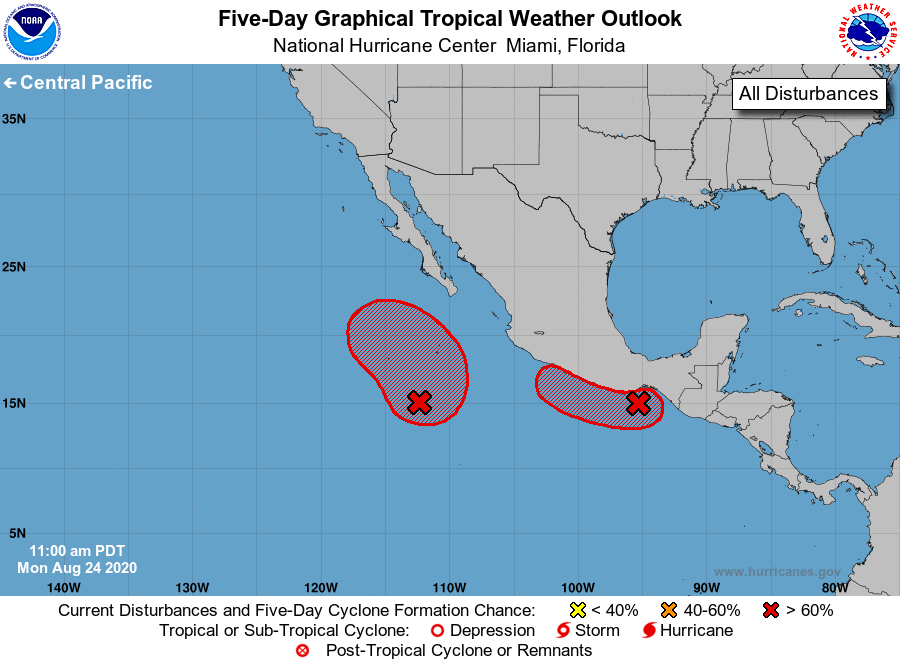
For the eastern North Pacific...east of 140 degrees west longitude:

1. An elongated zone of disturbed weather is located several hundred miles south-southwest of the southern tip of the Baja California peninsula. This weather is expected to consolidate in a couple of days, and environmental conditions appear conducive for a tropical depression to form later this week while the system meanders or drifts northward a few hundred miles offshore of the coast of southwestern Mexico.
* Formation chance through 48 hours...high...70 percent.
* Formation chance through 5 days...high...90 percent.

2. Satellite images and satellite-derived wind data indicate that the small low pressure system located very near the Gulf of Tehuantepec is becoming better organized. This low is forecast to meander or move slowly west-northwestward near the southern coast of Mexico, and a tropical depression is likely to form over the next day or two, assuming the center of circulation remains offshore. Regardless of development, areas of heavy rainfall and flash flooding are likely in southeastern Mexico and northern Central America during the next several days.
* Formation chance through 48 hours...high...80 percent.
* Formation chance through 5 days...high...80 percent.

For more information on the system several hundred miles south-southwest of the southern tip of the Baja California peninsula, see High Seas Forecasts issued by the National Weather Service under AWIPS header NFDHSFEPI, WMO header FZPN02 KWBC, and on the web at ocean.weather.gov/shtml/NFDHSFEPI.php

Forecaster Berg